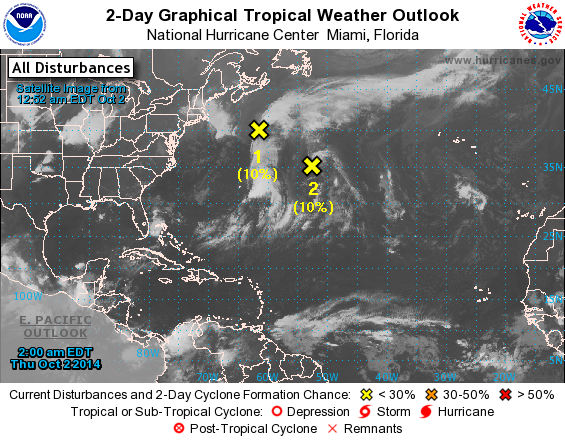
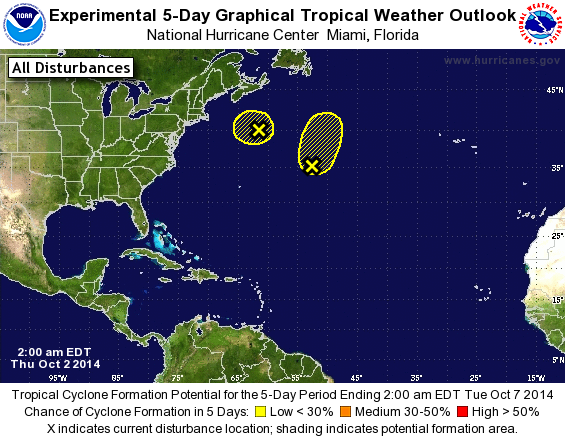
For the North Atlantic...Caribbean Sea and the Gulf of Mexico:

1. A non-tropical low pressure system located about 350 miles south-southeast of Halifax, Nova Scotia, continues to produce gale-force winds and disorganized showers and thunderstorms. This low is unlikely to acquire tropical cyclone characteristics due to unfavorable environmental conditions. Little motion of this system is expected during the next couple of days while it interacts with an upper-level low and an approaching cold front. For additional information on this system, please see High Seas Forecasts issued by the National Weather Service.
* Formation chance through 48 hours...low...10 percent.
* Formation chance through 5 days...low...10 percent.

2. A small area of low pressure located about 750 miles east-northeast of Bermuda is producing disorganized showers and thunderstorms. This low is moving rapidly toward the north-northeast and it is expected to be over cold water tonight or Friday, which should end the chances of tropical cyclone formation.
* Formation chance through 48 hours...low...10 percent.
* Formation chance through 5 days...low...10 percent.

High Seas Forecasts issued by the National Weather Service can be found under AWIPS header NFDHSFAT1 and WMO header FZNT01 KWBC.

Forecaster Cangialosi